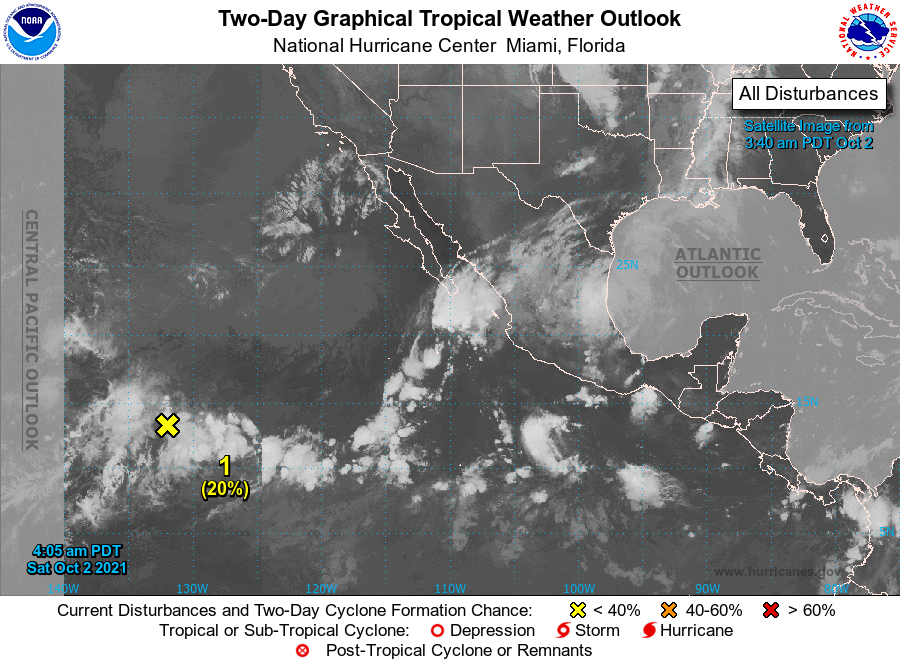
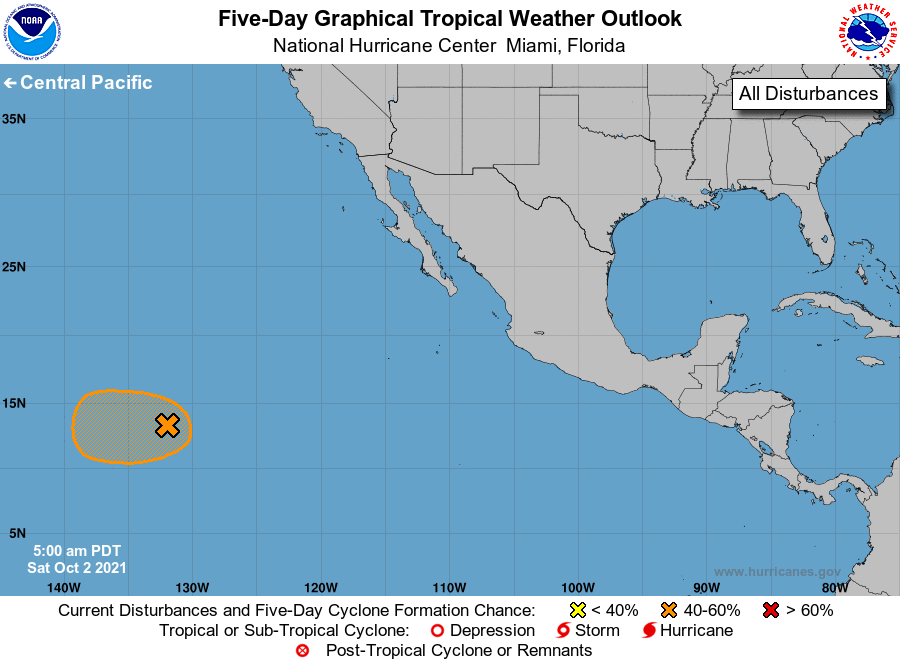
For the eastern North Pacific...east of 140 degrees west longitude:

1. Showers and thunderstorms remain disorganized in association with a broad area of low pressure located about 1600 miles west-southwest of the southern tip of the Baja California peninsula. Environmental conditions are somewhat conducive for slow development during the next several days, and a tropical depression could form early next week while the system moves slowly westward.
* Formation chance through 48 hours...low...20 percent.
* Formation chance through 5 days...medium...40 percent.

Forecaster Latto